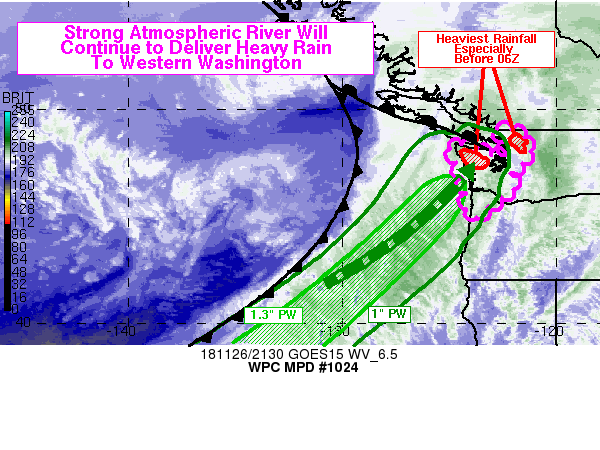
Areas affected...Western Washington, Northwest Oregon

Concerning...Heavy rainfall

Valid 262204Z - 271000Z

Summary...A strong atmospheric river will continue to impact
western Washington, with heavy rainfall expected in favored
upslope regions of the Olympic Mountains and the Northern
Cascades. Rainfall totals of 2-4 inches with localized amounts of
6+ inches are expected in those areas through 09Z, and that may
cause some localized runoff and flooding issues. Late in the
evening, the rain will begin to shift further down the coast,
primarily impacting the coastal ranges near the Washington-Oregon
border.

Discussion...A deep channel of 50+ knot southwesterly flow in the
925-700mb layer will continue to be focused into western
Washington through around 05Z as a front arrives along the coast.
This flow was being sampled by the KLGX radar VWP, which has been
measuring winds of over 50 knots through the depth of that layer
for several hours. This will provide another 8-9 hours of strong
orographic ascent in the Olympics and northern Cascades, embedded
within a ribbon of precipitable water values over 200 percent of
normal (per CIRA satellite analysis). Several GPS-PW observations
on the Washington coast have exceeded 1.2 inches this afternoon.
The KATX radar VWP does show southwesterly flow of 50-60 knots in
the 850mb layer to the west of the Cascades, so the potential for
heavy rain should extend further inland to those ranges as well.

Although there are likely to be some waves of rain, where the
intensity will fluctuate, 8-9 hours of even an average rain rate
of 0.25 in/hr would yield around 2.5 inches of rain in the upslope
regions. However, there is evidence that the rain rates will be
higher at times, with the 18Z HREF showing very high neighborhood
probabilities of 0.50 in/hr rain rates in the aforementioned
favored upslope areas. In fact, the neighborhood probability of 2
inches of rain in just 3 hours (from 03-06Z) in the Olympics is as
high as 60 percent. These sort of rainfall amounts in short
periods of time would be sufficient to cause some runoff issues
and localized flooding.

After 06Z, the winds in the atmospheric river will begin to veer
and weaken as the front reaches the coast, and the axis of highest
PW will shift further south. This will likewise shift the threat
of heavy rain into the coastal ranges of southwest Washington and
northwest Oregon. Some hi-res models show increasingly vigorous
convection later in the overnight period with some marginal
instability (MUCAPE around 100-200 j/kg), raising the possibility
of more isolated but focused bands of rain rates exceeding 0.5
in/hr. While the threat of flooding would not be as high as
further north (as the rain would be unlikely to be sustained for
as long a duration), it cannot be ruled out.